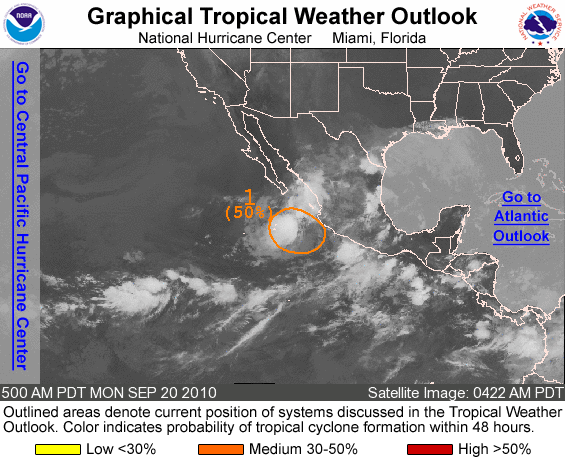
FOR THE EASTERN NORTH PACIFIC...EAST OF 140 DEGREES WEST LONGITUDE..

1. SHOWERS AND THUNDERSTORMS CONTINUE IN ASSOCIATION WITH AN AREA OF LOW PRESSURE LOCATED A COUPLE OF HUNDRED MILES WEST OF MANZANILLO MEXICO. THIS SYSTEM IS EXPECTED TO MOVE SLOWLY NORTHWESTWARD OVER THE NEXT COUPLE OF DAYS TOWARD COOLER WATERS. THERE IS A MEDIUM CHANCE...50 PERCENT...OF THIS SYSTEM BECOMING A TROPICAL CYCLONE DURING THE NEXT 48 HOURS.

ELSEWHERE...TROPICAL CYCLONE FORMATION IS NOT EXPECTED DURING THE NEXT 48 HOURS.

FORECASTER FRANKLIN